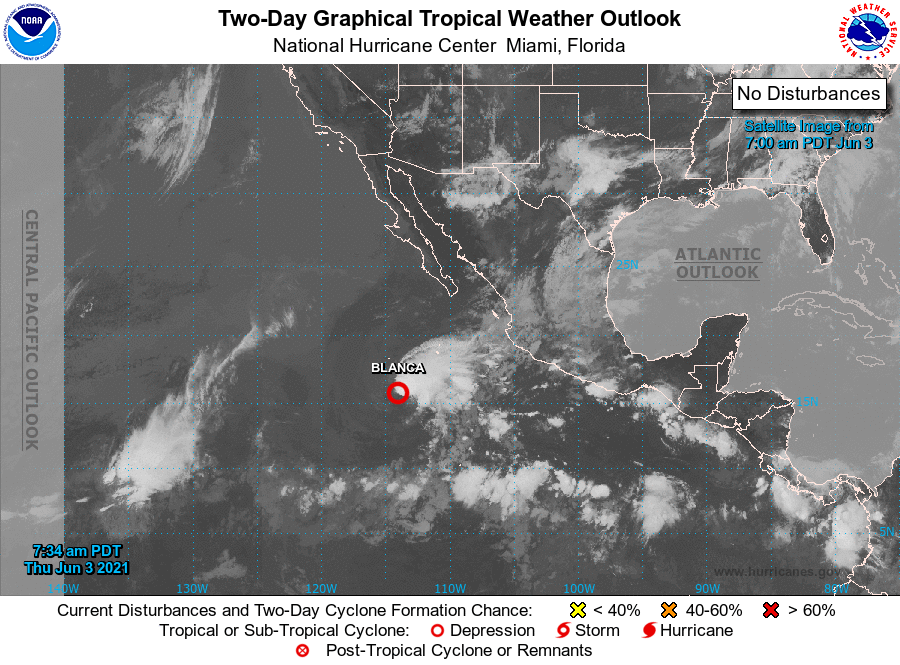
For the eastern North Pacific...east of 140 degrees west longitude:

The National Hurricane Center is issuing advisories on Tropical Depression Blanca, located several hundred miles south-southwest of the southern tip of the Baja California peninsula.

1. A broad area of low pressure is expected to form several hundred miles offshore the southwestern coast of Mexico by this weekend. Some gradual development of this system is possible thereafter while it moves slowly westward through early next week.
* Formation chance through 48 hours...low...near 0 percent.
* Formation chance through 5 days...low...20 percent.

Forecaster Papin/Stewart